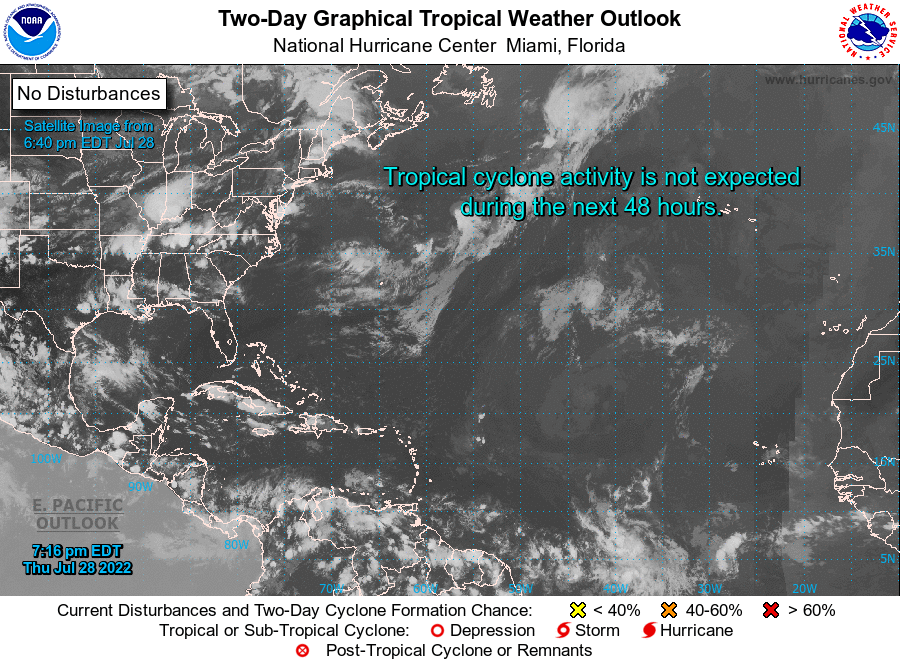
For the North Atlantic...Caribbean Sea and the Gulf of Mexico:

Tropical cyclone formation is not expected during the next 5 days.

Forecaster Cangialosi/Bucci